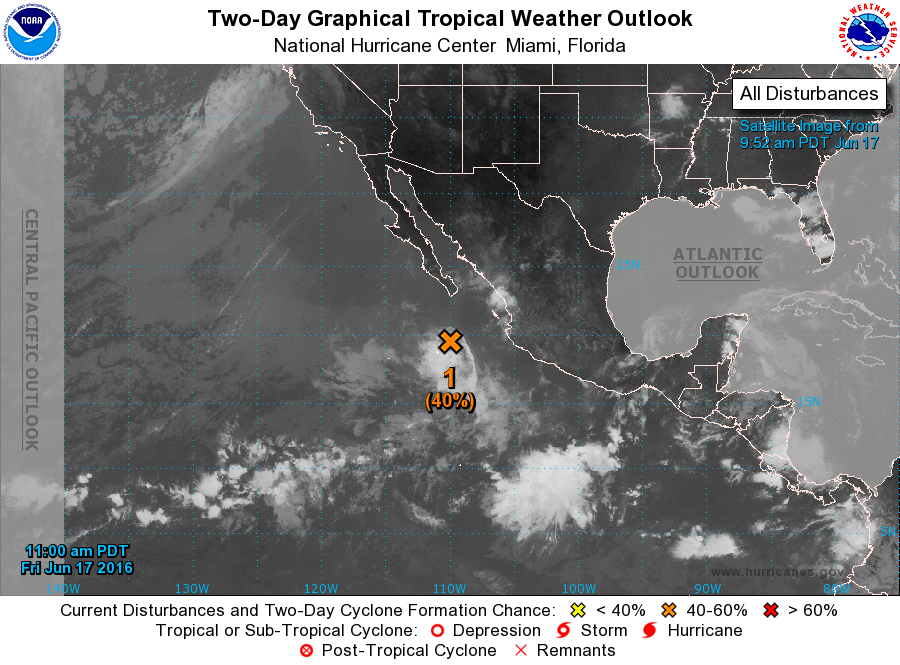
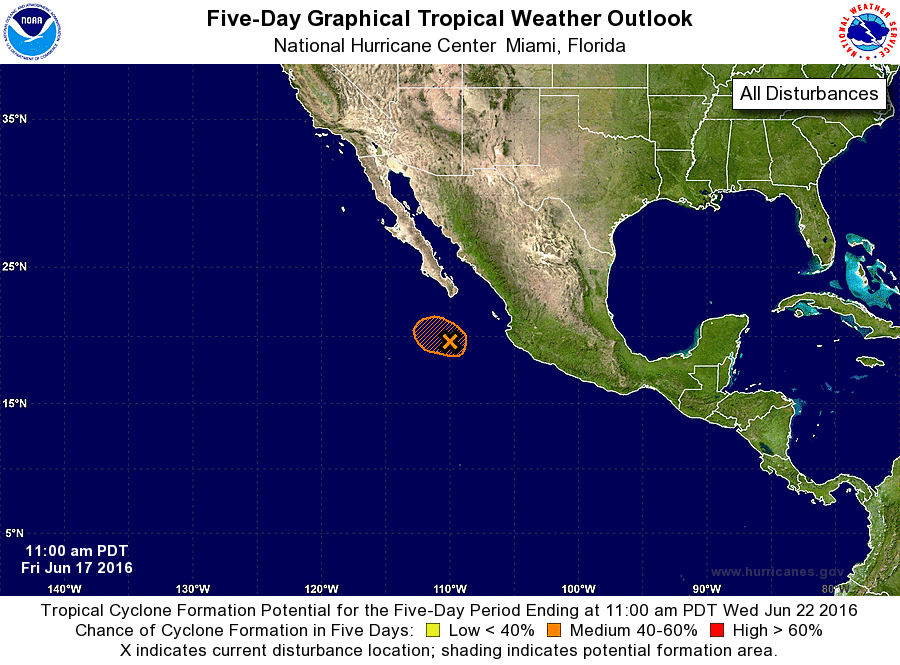
For the eastern North Pacific...east of 140 degrees west longitude:

1. Shower and thunderstorm activity remains disorganized in association with a broad area of low pressure located about 200 miles south of the southern tip of the Baja California Peninsula. This system has begun to move into a less favorable environment and the chances of tropical cyclone formation are decreasing. Conditions will become even less favorable for development by tonight as the system moves toward the west-northwest or northwest at 10 to 15 mph.
* Formation chance through 48 hours...medium...40 percent
* Formation chance through 5 days...medium...40 percent

Forecaster Brennan